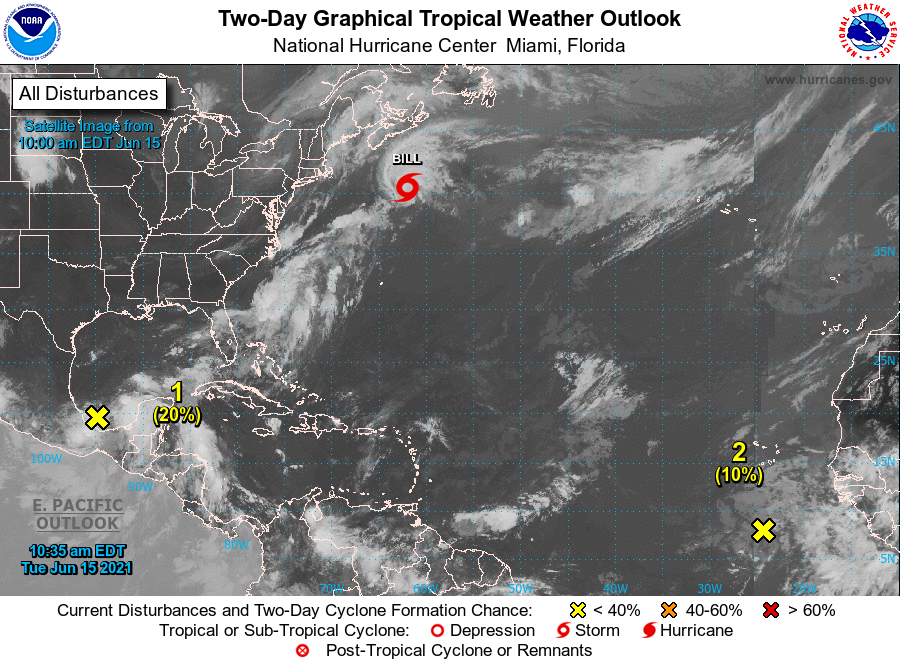
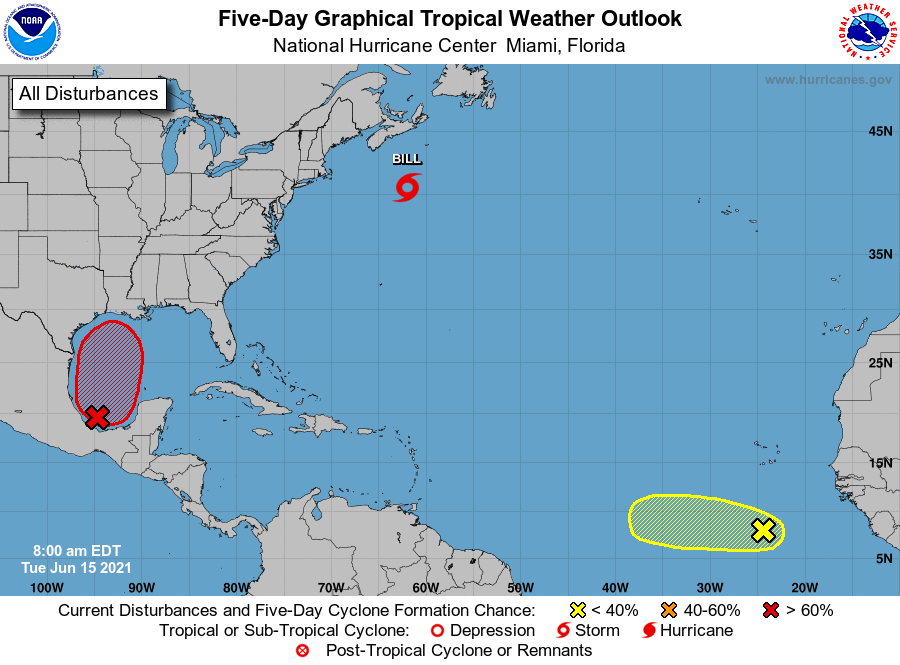
For the North Atlantic...Caribbean Sea and the Gulf of Mexico:

The National Hurricane Center is issuing advisories on Tropical Storm Bill, located a few hundred miles east-southeast of Nantucket, Massachusetts.

1. Disorganized showers and thunderstorms continue over the Bay of Campeche and southern Mexico in association with a broad low pressure area. This system is expected to move little during the next day or two, and any development should be slow to occur during that time period. However, the disturbance should begin to move northward by Thursday, and a tropical depression is likely to form late in the week when the low moves across the central or northwestern Gulf of Mexico. Regardless of development, heavy rainfall will continue over portions of Central America and southern Mexico during the next several days. Heavy rains could also begin to impact portions of the northern Gulf Coast on Friday. Please consult products from your local meteorological service for more information.
* Formation chance through 48 hours...low...20 percent.
* Formation chance through 5 days...high...70 percent.

2. Showers and thunderstorms have decreased and become less organized during the past several hours in association with a tropical wave located a few hundred miles south of the Cabo Verde Islands. Development, if any, should be slow to occur during the next couple of days while the wave moves westward. Thereafter, a combination of dry air aloft and strong upper-level winds should limit the chances of formation when the wave reaches the central tropical Atlantic.
* Formation chance through 48 hours...low...10 percent.
* Formation chance through 5 days...low...10 percent.

Public Advisories on Tropical Storm Bill are issued under WMO header WTNT32 KNHC and under AWIPS header MIATCPAT2. Forecast/Advisories on Tropical Storm Bill are issued under WMO header WTNT22 KNHC and under AWIPS header MIATCMAT2.

Forecaster Cangialosi